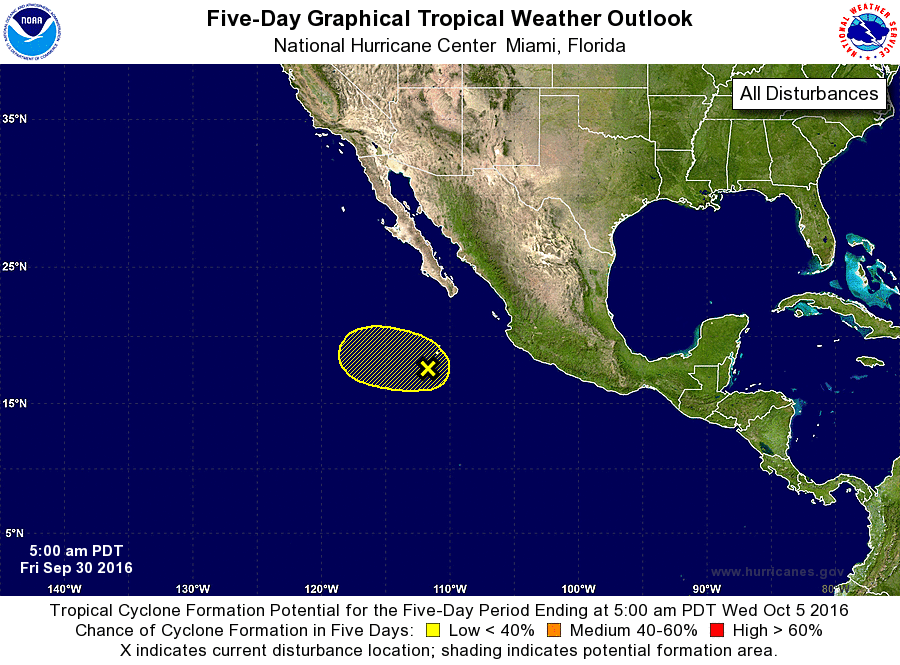
For the eastern North Pacific...east of 140 degrees west longitude:

1. A trough of low pressure, located a few hundred miles south- southwest of the southern tip of the Baja California peninsula, is moving west-northwestward at 5 to 10 mph. Development, if any, of this system is expected to be slow to occur before the disturbance reaches cooler waters in a couple of days.
* Formation chance through 48 hours...low...10 percent
* Formation chance through 5 days...low...10 percent

Forecaster Roberts